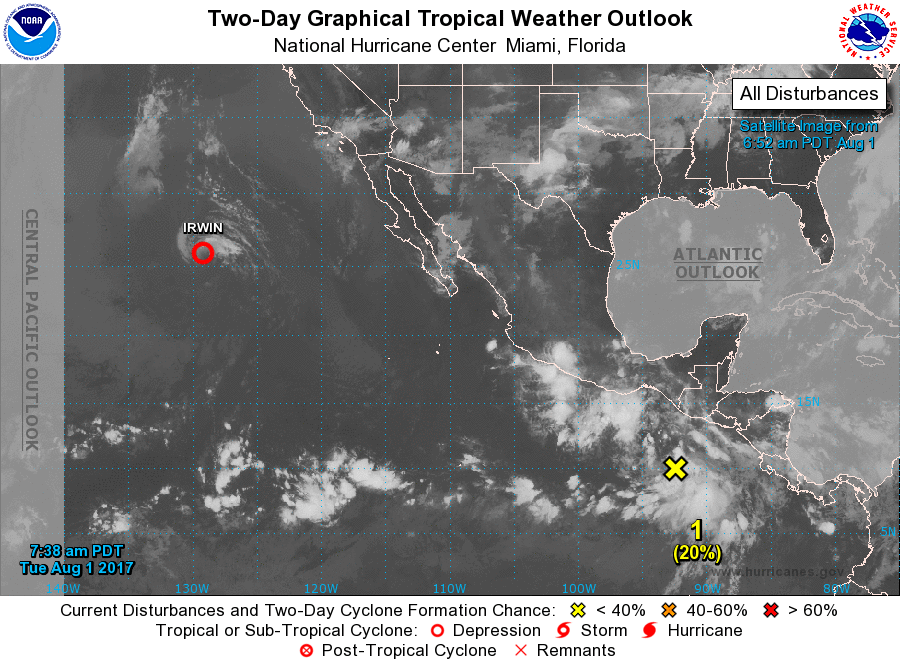
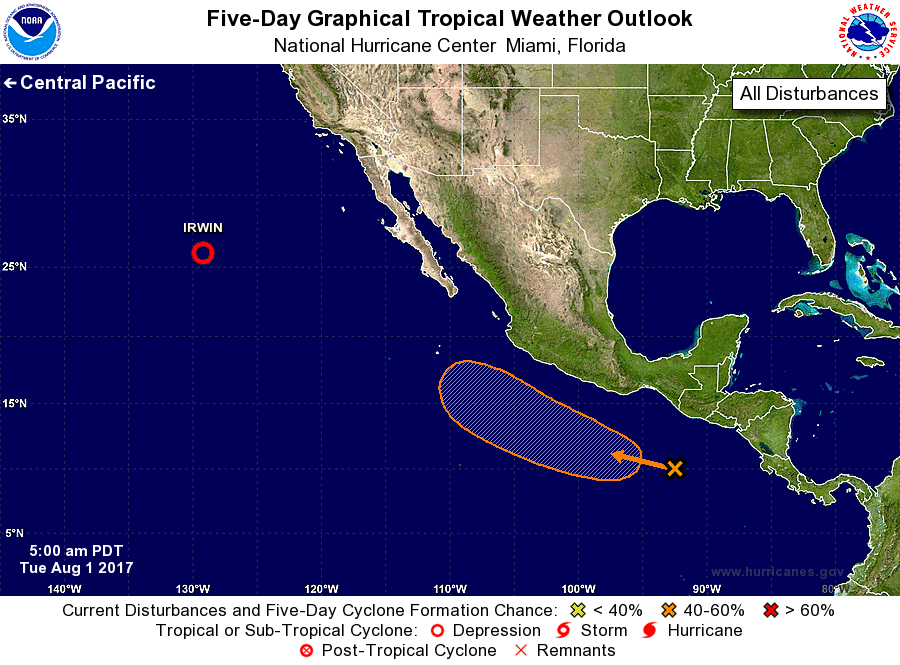
For the eastern North Pacific...east of 140 degrees west longitude:

The National Hurricane Center is issuing advisories on Tropical Storm Irwin, located more than a thousand miles west of the southern tip of the Baja California peninsula.

1. An area of disturbed weather located several hundred miles south-southeast of the Gulf of Tehuantepec is associated with a tropical wave. Environmental conditions appear conducive for some slow development of this disturbance during the next several days while it moves west-northwestward at 10 to 15 mph south of the coast of Mexico.
* Formation chance through 48 hours...low...20 percent.
* Formation chance through 5 days...medium...40 percent.

Forecaster Avila